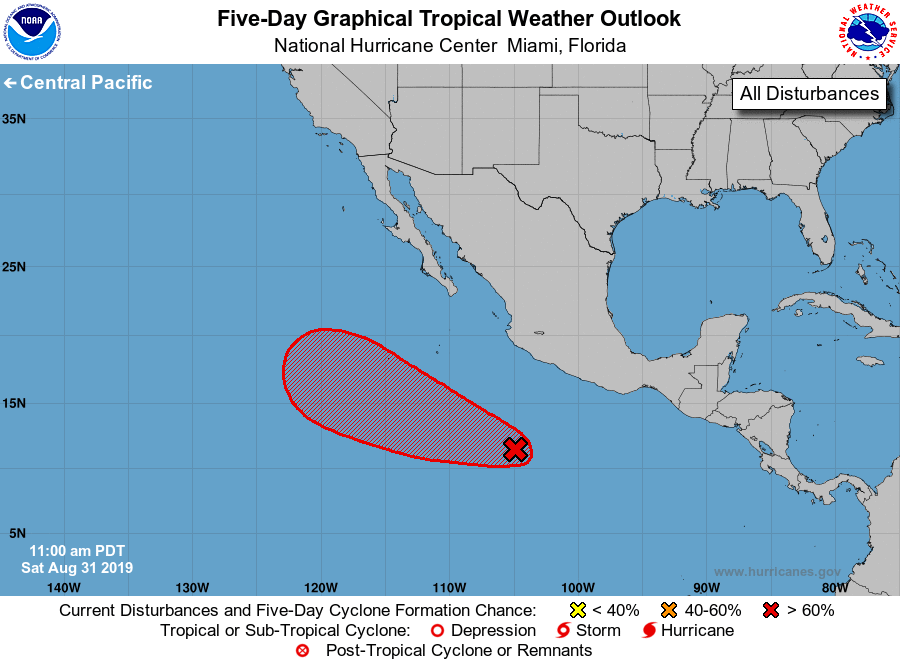
For the eastern North Pacific...east of 140 degrees west longitude:

1. Showers and thunderstorms associated with a broad area of low pressure located several hundred miles south-southwest of the southern coast of Mexico have become better organized since yesterday. Environmental conditions appear conducive for further development of this system, and a tropical depression is expected to form during the next 2 or 3 days while the system moves west- northwestward at 10 to 15 mph.
* Formation chance through 48 hours...high...70 percent.
* Formation chance through 5 days...high...90 percent.

Forecaster Blake